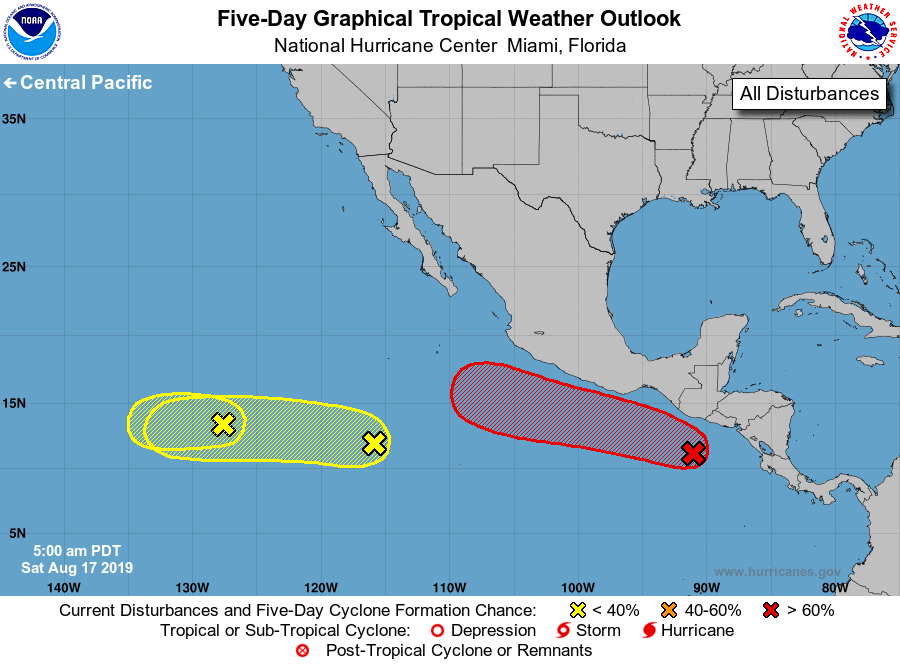
For the eastern North Pacific...east of 140 degrees west longitude:

1. An area of low pressure located a couple of hundred miles south of the coast of Guatemala is producing some disorganized showers and thunderstorms. Environmental conditions are expected to be conducive for development, and a tropical depression is likely to form early next week while the low moves west-northwestward at about 10 mph parallel to the coast of Mexico. Regardless of development, moisture associated with the low is forecast to produce heavy rainfall and possible flash flooding across portions of Central America and southeastern Mexico during the next few days.
* Formation chance through 48 hours...medium...40 percent.
* Formation chance through 5 days...high...80 percent.

2. Shower and thunderstorm activity has increased in association with a tropical wave located about 850 miles south-southwest of the southern tip of the Baja California peninsula. Some slow development of this system is possible over the next several days while it moves westward to west-northwestward at 5 to 10 mph.
* Formation chance through 48 hours...low...10 percent.
* Formation chance through 5 days...low...20 percent.

3. Another tropical wave located about 1300 miles west-southwest of the southern tip of the Baja California peninsula continues to produce disorganized showers and thunderstorms. Gradual development of this system is possible during the next couple of days while it moves slowly westward at about 5 mph across the southwestern portion of the eastern Pacific.
* Formation chance through 48 hours...low...20 percent.
* Formation chance through 5 days...low...20 percent.

Forecaster Berg